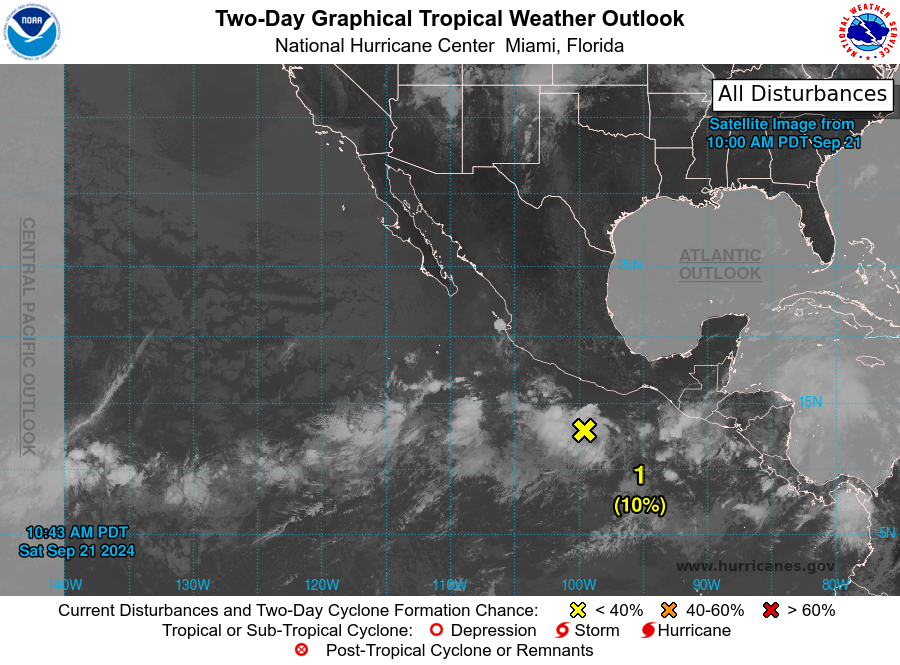
For the eastern North Pacific...east of 140 degrees west longitude:

1. Offshore of Southern Mexico: Disorganized showers and thunderstorms located a few hundred miles south of the coast of southern Mexico are associated with a trough of low pressure. Some gradual development of this system is possible while it meanders offshore through early next week, then moves slowly eastward or northeastward toward the coast of southern Mexico during the middle part of next week.
* Formation chance through 48 hours...low...10 percent.
* Formation chance through 7 days...low...30 percent.

2. Central Portion of the East Pacific: An area of low pressure could form well to the southwest of the southwestern coast of Mexico during the next couple of days. Environmental conditions appear conducive for some slow development of this system, and a tropical depression could form during the early or middle part of next week while the system moves slowly eastward or northeastward.
* Formation chance through 48 hours...low...near 0 percent.
* Formation chance through 7 days...medium...50 percent.

Forecaster Reinhart